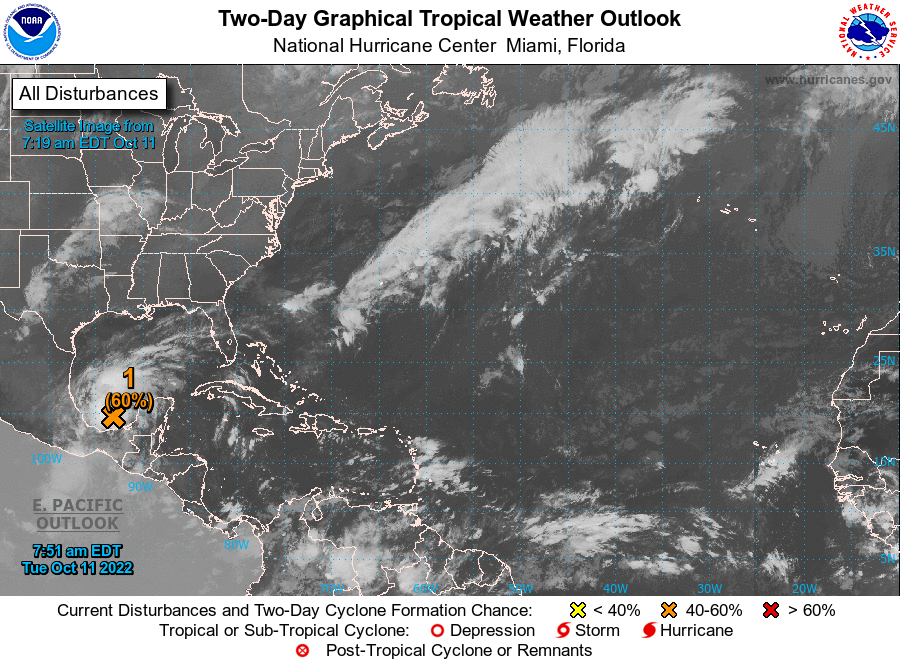
For the North Atlantic...Caribbean Sea and the Gulf of Mexico:

1. Southwest Gulf of Mexico: A broad area of low pressure over the Bay of Campeche is producing a large area of showers and thunderstorms. Surface pressures are falling in the region, and radar from Mexico indicates the system is becoming better organized. Environmental conditions are expected to be conducive for further development, and a tropical depression could form within the next day or two while the system moves slowly northwestward over the southwestern Gulf of Mexico. After that time, increasing upper-level winds are likely to hinder additional development while it meanders in the southwestern Gulf of Mexico. Regardless of formation, heavy rainfall is expected over portions of southern Mexico during the next couple of days. An Air Force Reserve reconnaissance aircraft is scheduled to investigate the disturbance this afternoon, if necessary.
* Formation chance through 48 hours...medium...60 percent.
* Formation chance through 5 days...medium...60 percent.

Forecaster Bucci